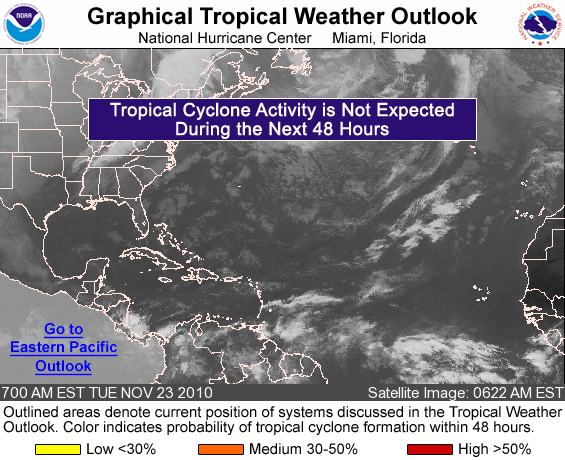
FOR THE NORTH ATLANTIC...CARIBBEAN SEA AND THE GULF OF MEXICO...

TROPICAL CYCLONE FORMATION IS NOT EXPECTED DURING THE NEXT 48 HOURS.

FORECASTER BROWN